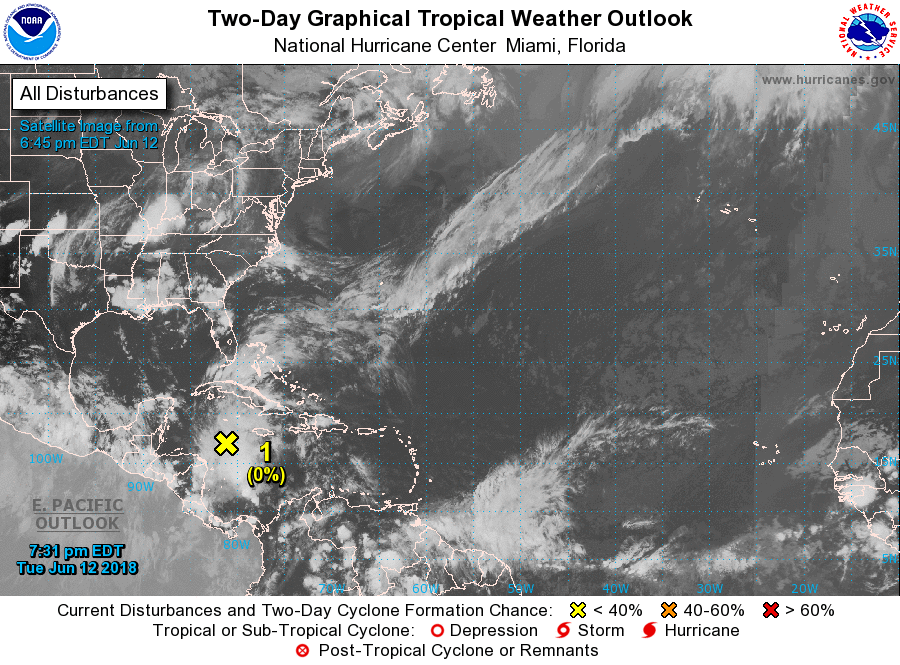
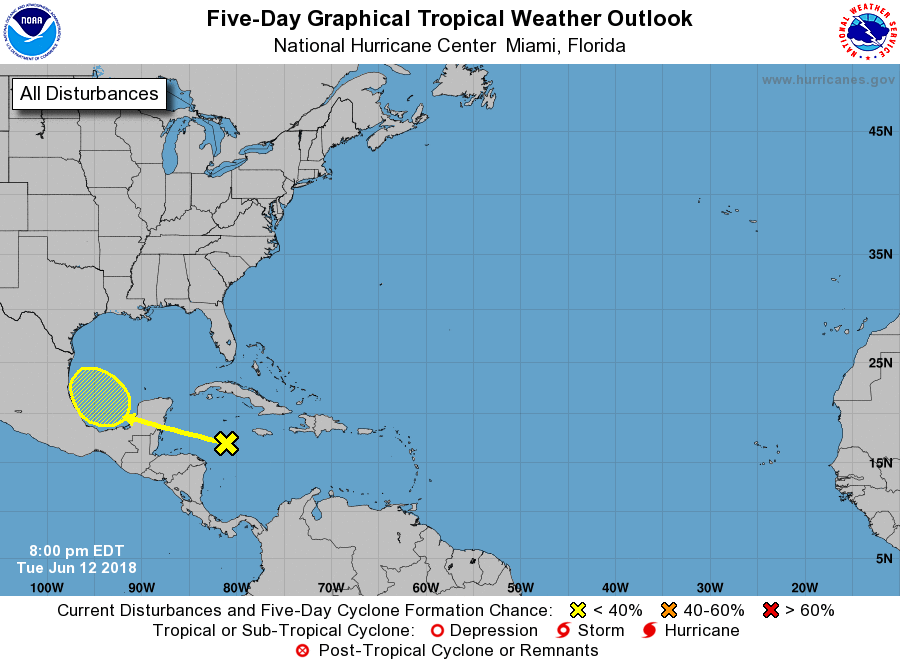
For the North Atlantic...Caribbean Sea and the Gulf of Mexico:

1. Disorganized showers and thunderstorms located over the western Caribbean Sea are associated with a surface trough. This activity is forecast to move westward to northwestward over Central America and the Yucatan Peninsula during the next couple of days, with no development expected. Environmental conditions could become slightly more conducive for some development if the system moves into the southwestern Gulf of Mexico by the end of the week.
* Formation chance through 48 hours...low...near 0 percent.
* Formation chance through 5 days...low...20 percent.

Forecaster Avila